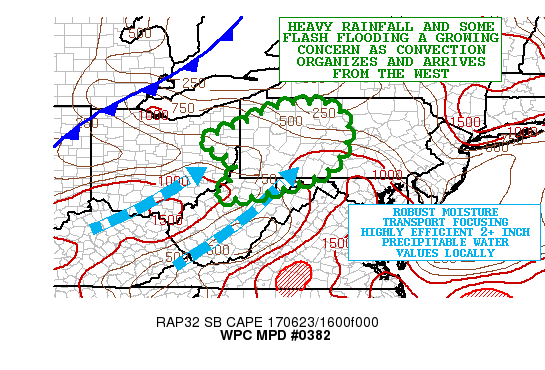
AREAS AFFECTED...FAR EASTERN OH...WESTERN/CENTRAL PA...NORTHERN
WV...FAR WESTERN MD

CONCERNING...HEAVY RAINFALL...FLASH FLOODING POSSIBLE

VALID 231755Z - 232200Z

SUMMARY...SHOWERS AND THUNDERSTORMS WITH LOCALLY HEAVY RAIN WILL
BECOME MORE WIDESPREAD THIS AFTERNOON. SOME FLASH FLOODING WILL BE
POSSIBLE.

DISCUSSION...AS PER SPC MCD #1131...A GRADUAL INCREASE IN THE
INTENSITY AND COVERAGE OF CONVECTION HAS BEEN NOTED OVER SOUTHERN
OH...AND IT IS EXPECTED THAT CONVECTION WILL GRADUALLY BECOME A
BIT BETTER ORGANIZED WITH THE AID OF 40 TO 50 KTS OF EFFECTIVE
BULK SHEAR COUPLED WITH UP TO 1500 J/KG OF SBCAPE...AS THE
CONVECTION ADVANCES FARTHER EAST ACROSS PORTIONS OF FAR NORTHERN
WV AND WESTERN PA OVER THE NEXT FEW HOURS. GIVEN THE INCREASE IN
DIURNAL HEATING/SURFACE INSTABILITY AND WITH A STILL MOISTENING
VERTICAL COLUMN ASSOCIATED WITH THE STRONG MOISTURE TRANSPORT UP
ACROSS THE OH VALLEY IN CONNECTION TO T.D. CINDY...THE CONCERN FOR
HEAVY RAINFALL AND POSSIBLE FLASH FLOODING WILL GROW THIS
AFTERNOON AND ESPECIALLY WITH A MORE ORGANIZED CONVECTIVE
EVOLUTION.

PWATS ARE FORECAST TO RISE LOCALLY TO OVER 2 INCHES WHICH WILL
CONTRIBUTE TO A HIGHLY EFFICIENT RAINFALL ENVIRONMENT FOR ENHANCED
RAINFALL RATES...BUT ADDITIONALLY...THE ADDED COMPONENT OF
MODERATE INSTABILITY WILL SUPPORT THE IDEA OF SOME VERY COLD
CONVECTIVE TOPS THAT WILL ENHANCE RATES FURTHER. RAINFALL RATES OF
AS MUCH AS 2.5 INCHES/HR WILL BE POSSIBLE WITHIN THE STRONGER
CONVECTIVE CORES.

THE LATEST HRRR/HRRRX GUIDANCE MAY BE A BIT UNDERDONE WITH THEIR
RAINFALL POTENTIAL GOING THROUGH THE LATE-AFTERNOON GIVEN THE
LATEST SATELLITE/RADAR TRENDS. THE EXPECTATION IS FOR AS MUCH AS 3
TO 4 INCHES OF RAIN BY LATE-AFTERNOON IN SOME AREAS. THIS WILL BE
TENDING TO FALL OVER AREAS OF LOWER FFG...AND LOCALLY OVER SOME
HIGH TERRAIN...ESPECIALLY WITH CONSIDERATION OF THE LAUREL
HIGHLANDS AND ADJACENT ALLEGHENY FRONT. THE POTENTIAL FOR ENHANCED
RUNOFF AND SOME FLASH FLOODING EXISTS AS A RESULT. STAY TUNED...AS
ADDITIONAL MPDS MAY BE REQUIRED LATER AS THIS EVENT EVOLVES.